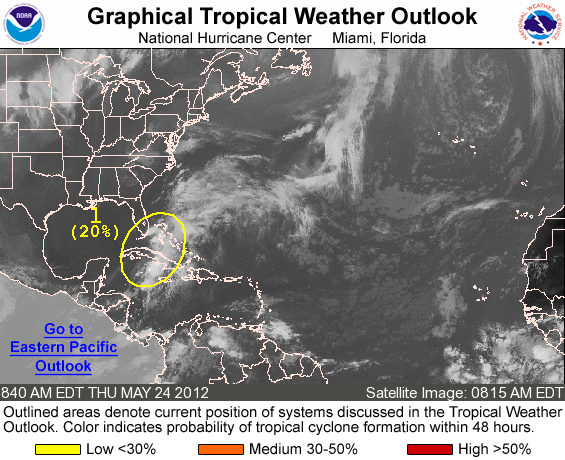
FOR THE NORTH ATLANTIC...CARIBBEAN SEA AND THE GULF OF MEXICO...

1. AN ELONGATED AREA OF LOW PRESSURE EXTENDING FROM THE NORTHWESTERN CARIBBEAN SEA ACROSS WESTERN CUBA AND INTO THE FLORIDA STRAITS IS ASSOCIATED WITH A LARGE AREA OF DISORGANIZED SHOWER AND THUNDERSTORM ACTIVITY. CURRENTLY THE SYSTEM LACKS A WELL-DEFINED CIRCULATION CENTER...AND ENVIRONMENTAL CONDITIONS ARE NOT EXPECTED TO BE CONDUCIVE FOR SIGNIFICANT DEVELOPMENT OF THIS SYSTEM DURING THE NEXT DAY OR SO. THIS SYSTEM HAS A LOW CHANCE...20 PERCENT...OF BECOMING A TROPICAL OR SUBTROPICAL CYCLONE DURING THE NEXT 48 HOURS AS IT MOVES NORTHEASTWARD ACROSS THE BAHAMAS AND INTO THE SOUTHWESTERN ATLANTIC OCEAN.

ALTHOUGH CONDITIONS ARE NOT CURRENTLY FAVORABLE FOR DEVELOPMENT... THEY ARE EXPECTED TO BECOME MORE CONDUCIVE FOR THE FORMATION OF A SUBTROPICAL OR TROPICAL CYCLONE BY LATE SATURDAY OR SUNDAY. REGARDLESS OF ANY DEVELOPMENT...LOCALLY HEAVY RAINFALL AND FLOODING ARE POSSIBLE OVER THE CAYMAN ISLANDS...PORTIONS OF CUBA...SOUTHERN FLORIDA...AND THE BAHAMAS. ANOTHER SPECIAL TROPICAL WEATHER OUTLOOK FOR THIS SYSTEM WILL BE ISSUED ON FRIDAY.

FOR ADDITIONAL INFORMATION ON THIS SYSTEM...PLEASE SEE HIGH SEAS FORECASTS ISSUED BY THE NATIONAL WEATHER SERVICE...AND PRODUCTS FROM YOUR LOCAL WEATHER OFFICE.

ELSEWHERE...TROPICAL CYCLONE FORMATION IS NOT EXPECTED DURING THE NEXT 48 HOURS.

&&
HIGH SEAS FORECASTS ISSUED BY THE NATIONAL WEATHER SERVICE CAN BE FOUND UNDER AWIPS HEADER NFDHSFAT1 AND WMO HEADER FZNT01 KWBC.

FORECASTER BRENNAN/BERG